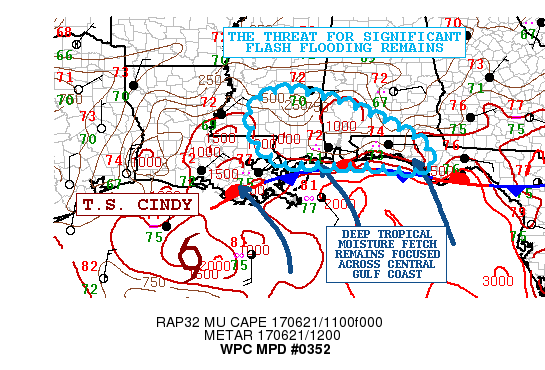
AREAS AFFECTED...SOUTHERN MS...SOUTHERN AL...WESTERN FL PANHANDLE

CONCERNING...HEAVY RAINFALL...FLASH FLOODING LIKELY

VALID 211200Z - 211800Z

SUMMARY...ADDITIONAL BANDS OF HEAVY RAIN WILL CONTINUE TO IMPACT
THE CENTRAL GULF COAST REGION THIS MORNING. THIS WILL COMPOUND
ONGOING FLASH FLOODING CONCERNS.

DISCUSSION...EXPERIMENTAL GOES-16 10.3 MICRON/IR IMAGERY CONTINUES
TO SHOW BANDS OF STRONGER CONVECTION ADVANCING NORTH-NORTHWEST IN
OFF THE NORTHERN GULF OF MEXICO AND ACROSS THE CENTRAL GULF COAST
REGION IN ASSOCIATION WITH THE EASTERN FLANK OF THE CIRCULATION
ASSOCIATED WITH T.S. CINDY. AREA RADARS SHOW THE STRONGEST
ACTIVITY AGAIN IMPINGING ON THE WESTERN FL PANHANDLE...WITH SOME
BROKEN AREAS OF STRONGER CONVECTION ALSO SEEN FARTHER WEST OVER
SOUTHERN MS. FARTHER NORTH OVER AREAS OF MS/AL AWAY FROM THE COAST
THERE IS A SHIELD OF MODERATE TO LOCALLY HEAVY STRATIFORM RAIN.

DEEP LAYER SOUTH-SOUTHEAST FLOW AROUND THE EAST SIDE OF T.S. CINDY
WILL CONTINUE TO FAVOR AN ENVIRONMENT CONDUCIVE FOR FOCUSED BANDS
OR CLUSTERS OF VERY HEAVY RAIN/THUNDERSTORMS ACROSS THE CENTRAL
GULF COAST REGION THROUGH MIDDAY AS A WELL-DEFINED WARM CONVEYOR
BELT AND FOCUSED AXIS OF MOISTURE/INSTABILITY TRANSPORT PERSISTS
OVER THE REGION.

FACILITATING THE THREAT FOR STRONGER CONVECTION AND HEAVIER
RAINFALL RATES WILL BE THE PROXIMITY OF WHAT APPEARS TO BE A WEAK
SURFACE FRONT/TROUGH EXTENDING FROM SOUTHEAST LA EAST ACROSS THE
IMMEDIATE COASTAL AREAS OF MS/AL AND THE FL PANHANDLE. SOME OF THE
HEAVIEST RAINS THROUGH MIDDAY WILL LIKELY BE NEAR AND JUST NORTH
OF THIS BOUNDARY WHERE THE INSTABILITY GRADIENT IS MOST
PRONOUNCED. FARTHER NORTH... THE RAINFALL IS LIKELY TO TEND TO BE
A BIT MORE STRATIFORM WITH AN ISENTROPIC ASCENT PATTERN FAVORING
STEADY MODERATE TO HEAVY RAIN.

THE LATEST HRRR/HRRRX GUIDANCE SUGGESTS AS MUCH AS AN ADDITIONAL 3
TO 6 INCHES OF RAIN THROUGH 18Z...WITH THE HEAVIEST TOTALS LIKELY
SETTING UP FOR AREAS OF SOUTHERN AL AND THE WESTERN FL PANHANDLE.
SOMEWHAT LESSER AMOUNTS THIS PERIOD OVER SOUTHERN MS. THESE
ADDITIONAL RAINS ARE EXPECTED TO EXACERBATE THE FLASH FLOODING
POTENTIAL AND WITH LOCALLY SIGNIFICANT RUNOFF PROBLEMS LIKELY.
WILL CONTINUE TO MONITOR.